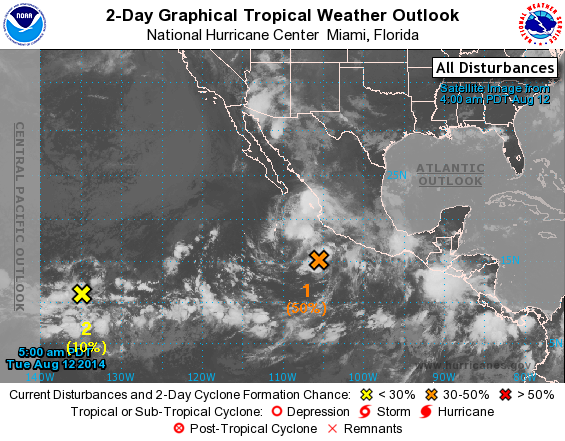
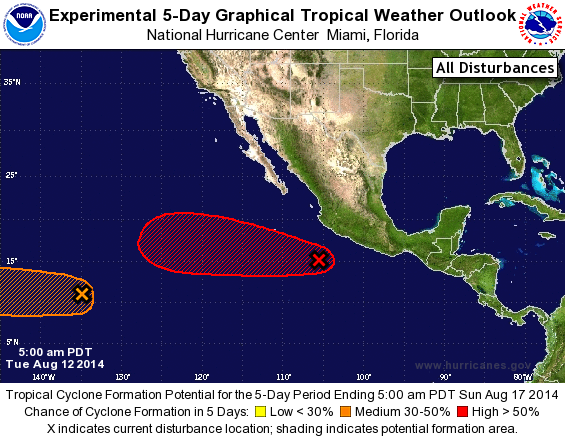
For the eastern North Pacific...east of 140 degrees west longitude:

1. A broad area of low pressure associated with a tropical wave is located a few hundred miles south-southwest of Manzanillo, Mexico. Shower activity has not become any better organized since yesterday, but environmental conditions remain conducive for development, and a tropical depression could form within the next day or two while the system moves west-northwestward at 10 to 15 mph.
* Formation chance through 48 hours...medium...50 percent.
* Formation chance through 5 days...high...90 percent.

2. A broad area of disturbed weather is centered about 1500 miles east- southeast of the Big Island of Hawaii. Development of this system, if any, should be slow to occur while it moves west-northwestward at 10 to 15 mph.
* Formation chance through 48 hours...low...10 percent.
* Formation chance through 5 days...medium...30 percent.

Forecaster Cangialosi